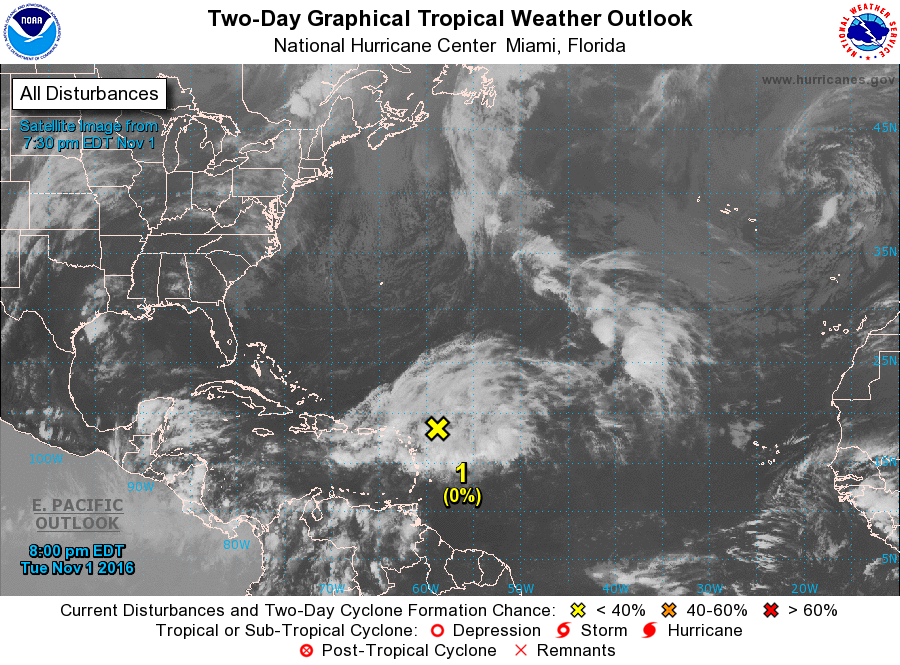
For the North Atlantic...Caribbean Sea and the Gulf of Mexico:

1. An area of low pressure located a few hundred miles east-northeast of the northern Lesser Antilles is producing widespread cloudiness and showers. Although this system is likely to become non-tropical during the next couple of days, it could acquire subtropical characteristics later this week or weekend while moving north- northeastward and northward into the North Atlantic.
* Formation chance through 48 hours...low...near 0 percent
* Formation chance through 5 days...low...20 percent

Forecaster Kimberlain